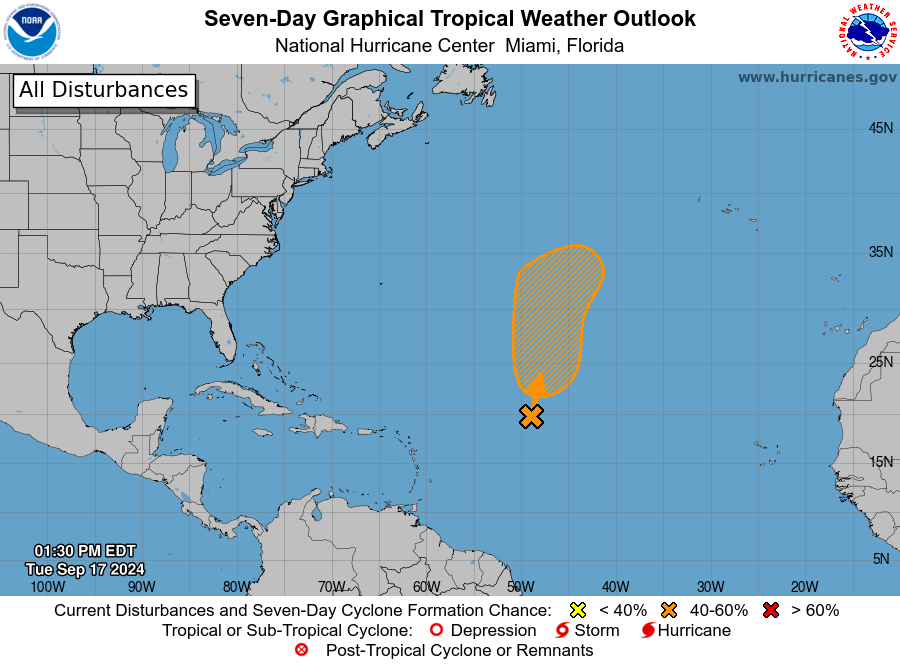
For the North Atlantic...Caribbean Sea and the Gulf of Mexico:

Active Systems: The National Hurricane Center has issued the final advisory on the remnants of Gordon, located over the central tropical Atlantic Ocean.

1. Central Subtropical Atlantic (Remnants of Gordon) Disorganized showers and thunderstorms over the central tropical Atlantic are associated with the remnants of Gordon. This disturbance is forecast to interact with a non-tropical low to its north while moving north-northeastward at 5 to 10 mph during the next couple of days. Environmental conditions could become more conducive for redevelopment later this week, and a tropical depression or storm could form by this weekend while the system moves slowly northward over the central subtropical Atlantic.
* Formation chance through 48 hours...low...20 percent.
* Formation chance through 7 days...medium...40 percent.

Forecaster Reinhart